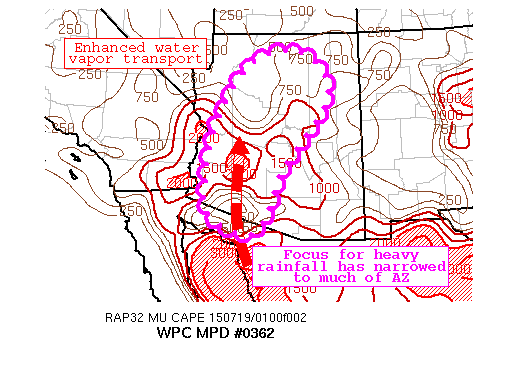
AREAS AFFECTED...MUCH OF AZ...

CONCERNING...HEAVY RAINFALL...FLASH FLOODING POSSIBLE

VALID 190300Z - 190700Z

SUMMARY...ACTIVE CONVECTION CONTINUES ACROSS MUCH OF
WESTERN/CENTRAL AZ WHERE LOCAL HOURLY RAINFALL RATES HAVE
APPROACHED THE 1 TO 2 INCH RANGE. IN RECENT HOURS...CONVECTION HAS
SHIFTED ITS FOCUS INTO REGIONS OF SOUTHWESTERN TO SOUTH-CENTRAL AZ
WHERE GREATER INSTABILITY RESIDES. FLASH FLOODING IS
POSSIBLE...PARTICULARLY IN LOCATIONS WHICH EXPERIENCED EARLIER
HEAVY RAINFALL.

DISCUSSION...RELATIVE TO THE PAST SEVERAL HOURS...THE AREAL
COVERAGE OF THUNDERSTORMS HAS SHIFTED FOCUS FROM SOUTHERN CA
TOWARD AZ. CURRENT RADAR IMAGERY THIS EVENING SHOWS THE BETTER
ORGANIZATION ACROSS THE MOGOLLON RIM WHICH SEEMS TO BE ENHANCED BY
LOCAL TERRAIN EFFECTS. FARTHER TO THE SOUTH...STRENGTHENING
UPDRAFTS WERE EVIDENT ACROSS SOUTHWESTERN AZ WHERE CLOUD TOPS WERE
COOLING. THIS LOCATION SEEMS TO BE FAVORED GIVEN GREATER
INSTABILITY HAS DEVELOPED IN THE PRESENCE OF SUFFICIENT SURFACE
HEATING EARLIER THIS AFTERNOON. THE 01Z RAP FORECAST DOES SHOW THE
AREA BECOMING MORE STABLE IN TIME WHICH SUPPORTS THE NOTION THE
ACTIVITY WILL LIFT NORTHWARD INTO THE STRONGER BUOYANCY ACROSS
WEST-CENTRAL AZ.

RECENT VIEWS OF THE BLENDED-TPW PRODUCT SUPPORTS A RELATIVELY
SHARP CUT-OFF IN THE TROPOSPHERIC MOISTURE PROFILE. THE GPS DATA
THIS EVENING INDICATES ABOVE 1.75 INCH PWATS ANCHORING THE
SOUTHERN HALF OF AZ WHILE VALUES IN THE 0.75 TO 1.00 INCH RANGE
RESIDE ALONG THE NORTHERN EXTENT OF THE STATE. IT APPEARS THE
BETTER MOISTURE INCREASES HAVE BEEN CONFINED TO CA WITH 0.50 INCH
PWAT RISES IN THE PAST 9 HOURS. GIVEN ALL THIS
INFORMATION...DECIDED TO TRUNCATE THE NORTHERN BOUNDARY OF THIS
MPD AREA...THUS KEEPING IT SOUTH OF THE UT BORDER.

OVERALL...HIGH-RESOLUTION MODELS HAVE NOT DONE A GREAT JOB WITH
FORECASTING THE LOCATION OF CONVECTION...NOR AMOUNTS. JUST
FOCUSING ON THE FACT THERE IS PLENTY OF MOISTURE AND REMNANT
INSTABILITY IN PLACE...FEEL A FLASH FLOOD THREAT EXISTS FOR AT
LEAST 3 TO 4 MORE HOURS.